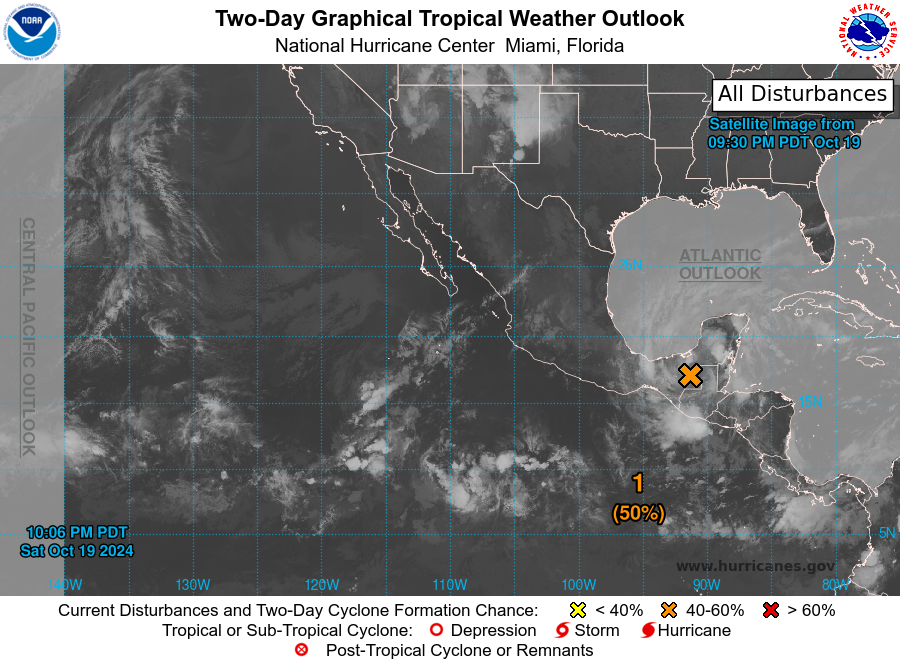
For the eastern North Pacific...east of 140 degrees west longitude:

1. South of Southwestern Mexico: After Nadine dissipates over southern Mexico, its remnants are expected to move into the eastern Pacific by late Sunday. The combination of the remnants of Nadine and influences from a Gulf of Tehuantepec gap wind event are forecast to result in the formation of a new low pressure system off the coast of southern Mexico in a day or so. Additional development is expected after that time, and a tropical depression is expected to form during the early to middle part of next week while the system moves westward at about 15 mph away from the coast of Mexico.
* Formation chance through 48 hours...medium...50 percent.
* Formation chance through 7 days...high...90 percent.

Forecaster Hagen